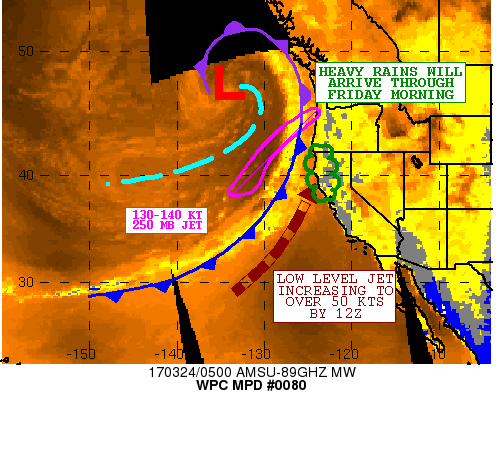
AREAS AFFECTED...NORTHERN CA...EXTREME SOUTHWEST OR

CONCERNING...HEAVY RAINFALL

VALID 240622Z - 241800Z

SUMMARY...HEAVY RAINS WILL ARRIVE ACROSS THE NORTHERN CA AND
EXTREME SOUTHWEST OR THROUGH THE LATE NIGHT HOURS AND CONTINUE
THROUGH FRIDAY MORNING.

DISCUSSION...GOES-W IR/WV IMAGERY SHOWS A WELL-DEFINED UPPER
TROUGH OFF THE WEST COAST GRADUALLY ADVANCING EASTWARD ALONG WITH
A WELL-DEFINED SURFACE FRONT AS SEEN IN THE LATEST AMSU 89GHZ
DATA. ALREADY AREAS OF LIGHT TO MODERATE RAIN ARE MOVING ASHORE
ACROSS NORTHERN CA AND SOUTHWEST OR...BUT THESE RAINFALL RATES ARE
EXPECTED TO INCREASE AS A STRENGTHENING SOUTH-SOUTHWEST LOW LEVEL
JET...REACHING OVER 50 KTS...ARRIVES AHEAD OF THE COLD FRONT
TOWARD 12Z.

OFFSHORE RAINFALL RATES PER A 0242Z AMSU PASS ARE NEAR A 0.25
INCH/HR...BUT THE LATEST CIRA-LPW DATA SHOWS A WELL-DEFINED PLUME
OF DEEPER MOISTURE...ESPECIALLY IN THE 850/500 MB LAYER WITH SOME
SUBTROPICAL ORIGIN ADVANCING NORTHEAST UP ALONG THE OFFSHORE
FRONTAL ZONE. THIS COUPLED WITH FAVORABLE RIGHT-ENTRANCE REGION
JET DYNAMICS RELATIVE TO A 130-140 KT 250 MB JET STREAK SHOULD
FOSTER SOME INCREASE IN OFFSHORE RAINFALL RATES OVERNIGHT WHICH
WILL THEN OVERSPREAD FAR SOUTHWEST OR AND NORTHERN CA THROUGH THE
MORNING HOURS.

THE LATEST HIRES MODEL CONSENSUS BETWEEN THE 00Z ARW/NMMB AND
NSSL-WRF SUGGEST 1 TO 2 INCHES OF RAIN BETWEEN 06Z AND 12Z...WITH
ANOTHER 1 TO 2 INCHES BETWEEN 12Z AND 18Z. THE HEAVIEST RAINS
SHOULD BE ACROSS THE IMMEDIATE COASTAL RANGES WHERE SOME ISOLATED
5 INCH AMOUNTS WILL BE POSSIBLE THROUGH 18Z. HOURLY RAINFALL RATES
ARE EXPECTED TO OCCASIONALLY REACH UP TO OVER A 0.50 INCH/HR AS
THE FRONT APPROACHES AND BEGINS CROSSING THE REGION BY MID TO LATE
MORNING. GIVEN THE RELATIVELY WET ANTECEDENT ASSOCIATED WITH HEAVY
RAIN OVER THE LAST COUPLE OF WEEKS...SOME RUNOFF PROBLEMS WILL BE
POSSIBLE.